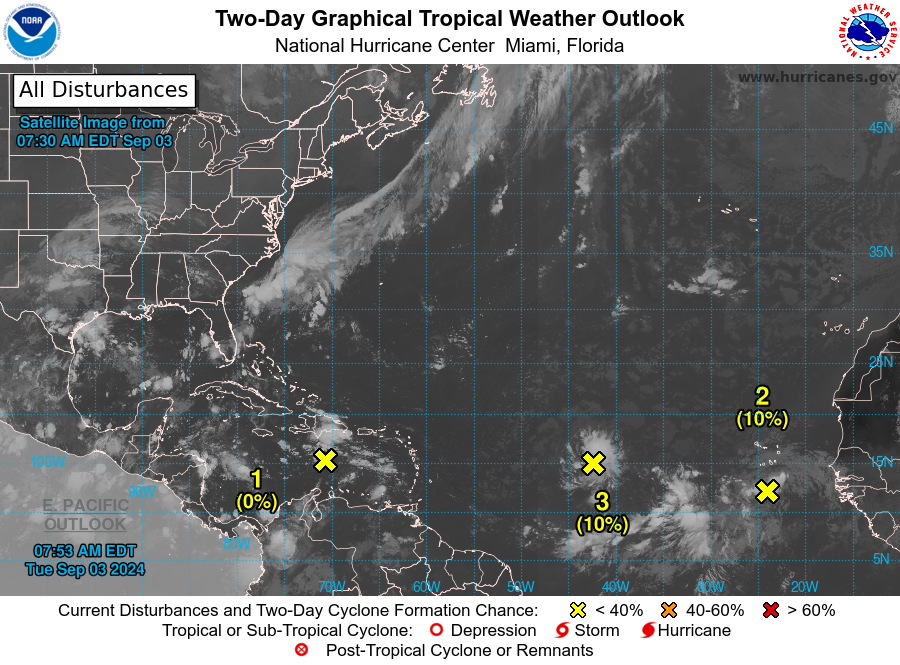
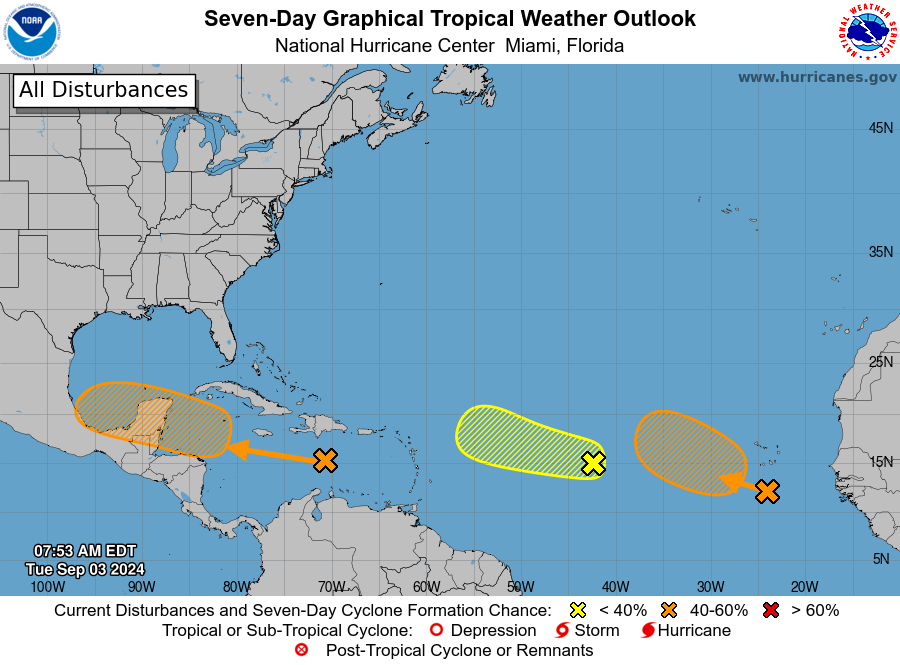
For the North Atlantic...Caribbean Sea and the Gulf of Mexico:

1. Caribbean Sea: A tropical wave is producing disorganized showers and thunderstorms over Hispaniola and portions of the central Caribbean Sea. This system is expected to move westward, and a tropical depression could form when it reaches the western Caribbean Sea and the southwestern Gulf of Mexico late this week or over the weekend.
* Formation chance through 48 hours...low...near 0 percent.
* Formation chance through 7 days...medium...40 percent.

2. Eastern Tropical Atlantic Ocean: A tropical wave over the far eastern Atlantic is producing disorganized showers and thunderstorms. Environmental conditions are forecast to become a little more conducive for development, and a tropical depression could form later this week while the disturbance moves slowly west-northwestward or northwestward over the eastern tropical Atlantic Ocean. This system could produce locally heavy rains and gusty winds across portions of the Cabo Verde Islands in a day or two.
* Formation chance through 48 hours...low...10 percent.
* Formation chance through 7 days...medium...40 percent.

3. Central Tropical Atlantic Ocean: Another tropical wave located about midway between the west coast of Africa and the Lesser Antilles is producing disorganized showers and thunderstorms. Some slow development is possible during the next couple of days while the system moves west-northwestward. By the end of the week, however, environmental conditions are expected to become unfavorable for additional development.
* Formation chance through 48 hours...low...10 percent.
* Formation chance through 7 days...low...10 percent.

Forecaster Cangialosi/R. Zelinsky